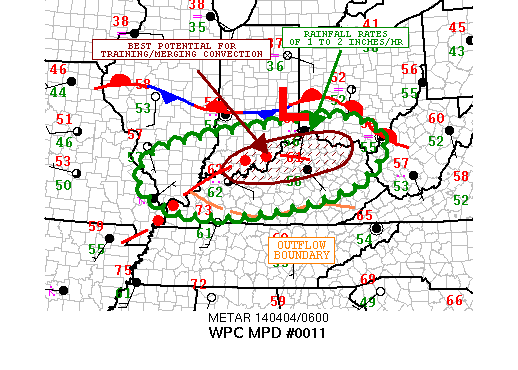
AREAS AFFECTED...SRN IL...SRN IN...CNTRL/NRN KY...SRN OH

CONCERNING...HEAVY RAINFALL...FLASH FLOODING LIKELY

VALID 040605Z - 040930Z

SUMMARY...THE THREAT FOR FLASH FLOODING CONTINUES ALONG AND
ADJACENT THE OHIO RIVER AS STRONG CONVECTION WITH HEAVY RAINFALL
RATES IS EXPECTED TO CONTINUE THE NEXT FEW HOURS.

DISCUSSION...THE LATEST SAT/RADAR IMAGERY SHOWS A WELL-DEFINED MCS
MOVING ACROSS THE LOWER OH VLY ATTM...AND IT WILL CONTINUE TO MOVE
ENEWD OVER THE NEXT SEVERAL HOURS AND PRODUCE LOCALLY VERY HVY
RAINFALL RATES. CONFIRMED RAINFALL RATES OF 1 TO 2 INCHES/HR HAVE
BEEN REPORTED.

THE LATEST MODELS SUGGEST A SUFFICIENTLY STRONG SWLY TRANSPORT OF
MOISTURE AND INSTABILITY FOR THE ONGOING MCS TO MAINTAIN ITSELF
THE NEXT FEW HOURS. THERE REMAINS A CONCERN FOR TRAINING
CONVECTION ESP OVER FAR NRN KY...SRN IN AND PERHAPS EXTREME SRN OH
BEFORE DAWN. THE SRN FLANK OF THE MCS WITH A LINE OF CONVECTION
EXTENDING WELL SWWD DOWN INTO NERN AR IS TENDING TO BOW OUT
SOMEWHAT AND WITH FASTER EASTWARD PROPAGATION...THE RAINFALL
TOTALS WILL LIKELY NOT BE AS HVY.

NEVERTHELESS...MUCH OF THE THREAT AREA HAS SEEN RECENT HVY RAINS
WHICH HAVE RESULTED IN NEARLY SATURATED SOILS...AND CONSEQUENTLY
THE FFG VALUES ARE QUITE LOW. IMPROVEMENT IS EXPECTED THE NEXT
COUPLE OF HOURS OVER SRN IL AS ONGOING CONVECTION HERE WILL MOVE
OUT SHORTLY. AREAS DOWNSTREAM OVER SRN IN...CNTRL/NRN KY...AND SRN
OH WILL SEE THE MOST SIGNIFICANT THREAT FOR FLASH FLOODING
OVERNIGHT. WILL CONTINUE TO MONITOR.